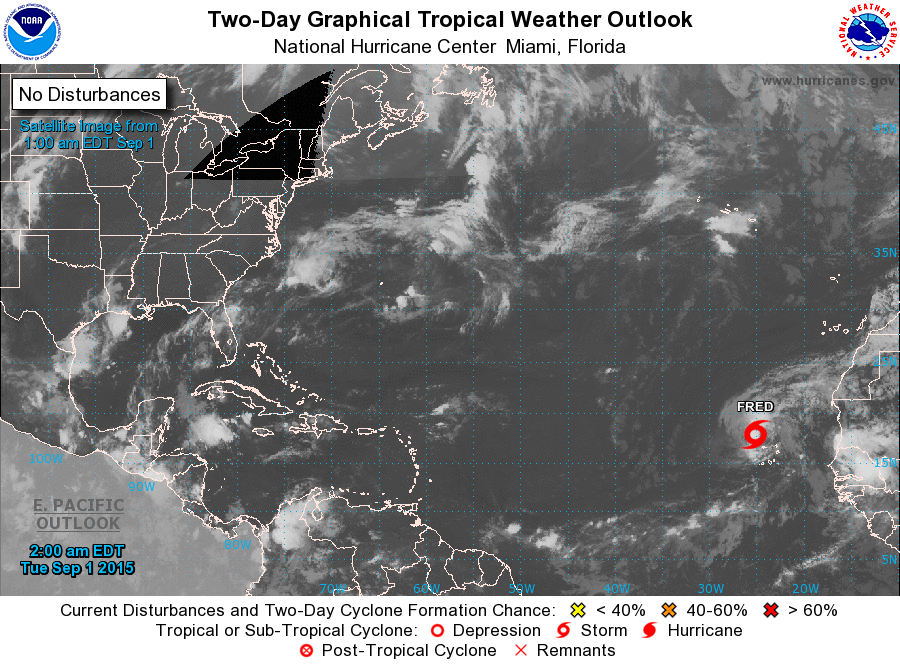
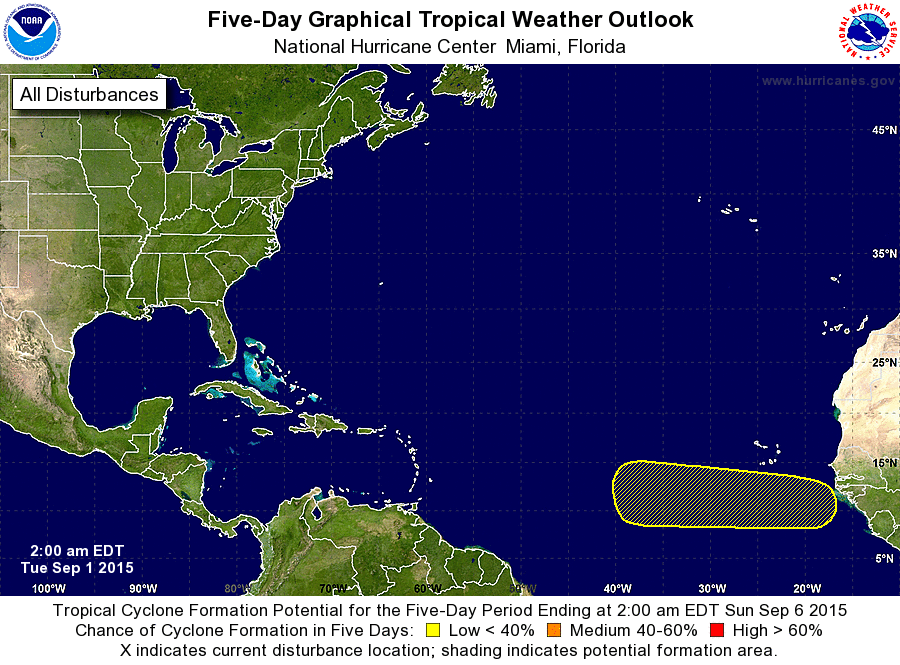
For the North Atlantic...Caribbean Sea and the Gulf of Mexico:

The National Hurricane Center is issuing advisories on recently downgraded Tropical Storm Fred, located just north of the northwestern Cape Verde Islands.

A tropical wave is forecast to move off of the west coast of Africa on Thursday several hundred miles southeast of the Cape Verde Islands. Environmental conditions are expected to be somewhat favorable for gradual development of this system through the weekend while it moves westward at 15 to 20 mph.

1.
* Formation chance through 48 hours...low...near 0 percent
* Formation chance through 5 days...low...20 percent

Forecaster Stewart